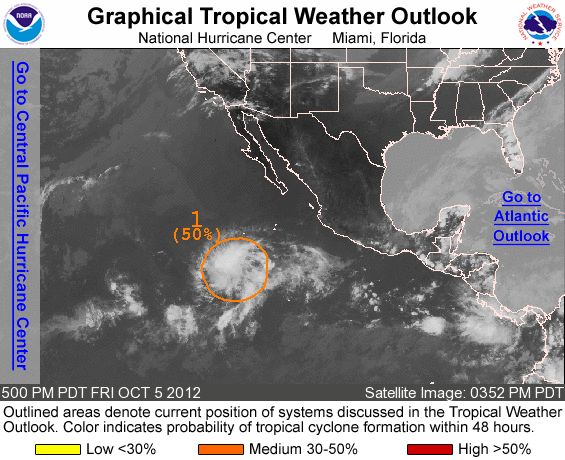
FOR THE EASTERN NORTH PACIFIC...EAST OF 140 DEGREES WEST LONGITUDE..

1. SHOWERS AND THUNDERSTORMS ARE SHOWING SIGNS OF ORGANIZATION IN ASSOCIATION WITH A LOW PRESSURE AREA LOCATED ABOUT 750 MILES SOUTH-SOUTHWEST OF THE SOUTHERN TIP OF BAJA CALIFORNIA. UPPER-LEVEL WINDS ARE CONDUCIVE FOR FURTHER DEVELOPMENT OF THIS SYSTEM...AND IT HAS A MEDIUM CHANCE...50 PERCENT...OF BECOMING A TROPICAL CYCLONE DURING THE NEXT 48 HOURS AS IT MOVES WEST-NORTHWESTWARD AT ABOUT 15 MPH.

ELSEWHERE...TROPICAL CYCLONE FORMATION IS NOT EXPECTED DURING THE NEXT 48 HOURS.

FORECASTER BLAKE